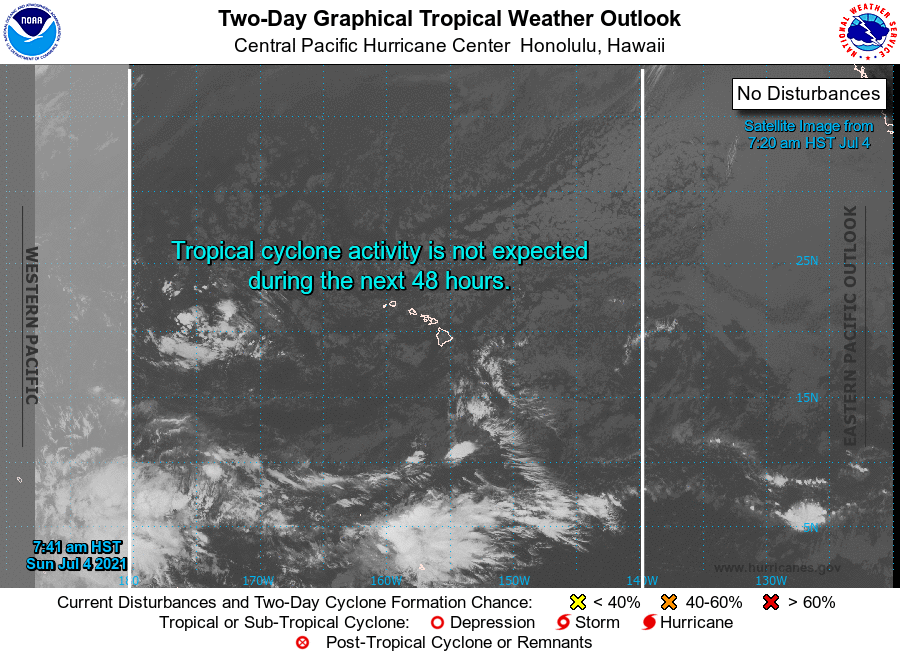
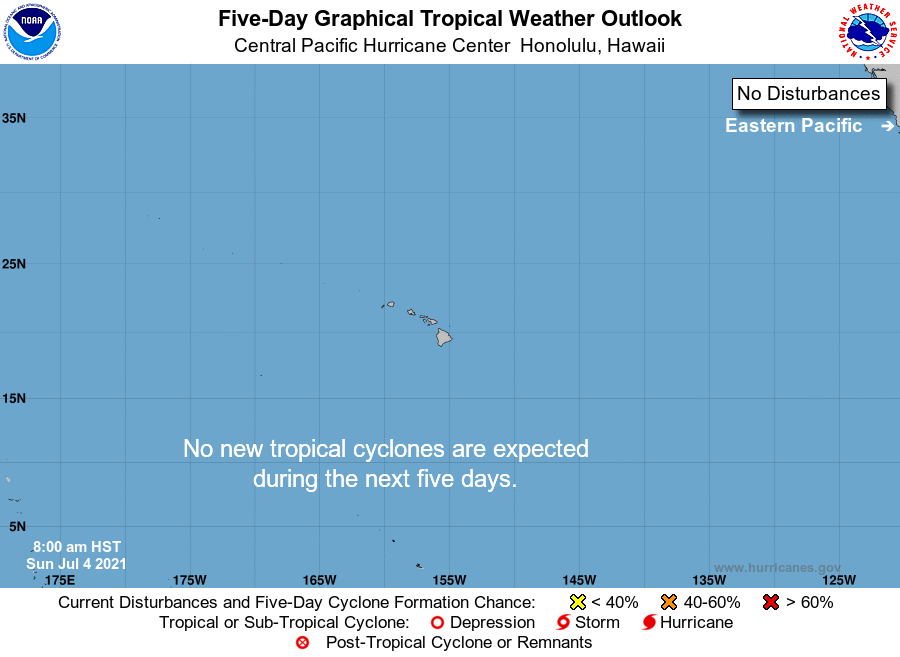
For the central North Pacific...between 140W and 180W:

No tropical cyclones are expected during the next 5 days.

Forecaster Kinel